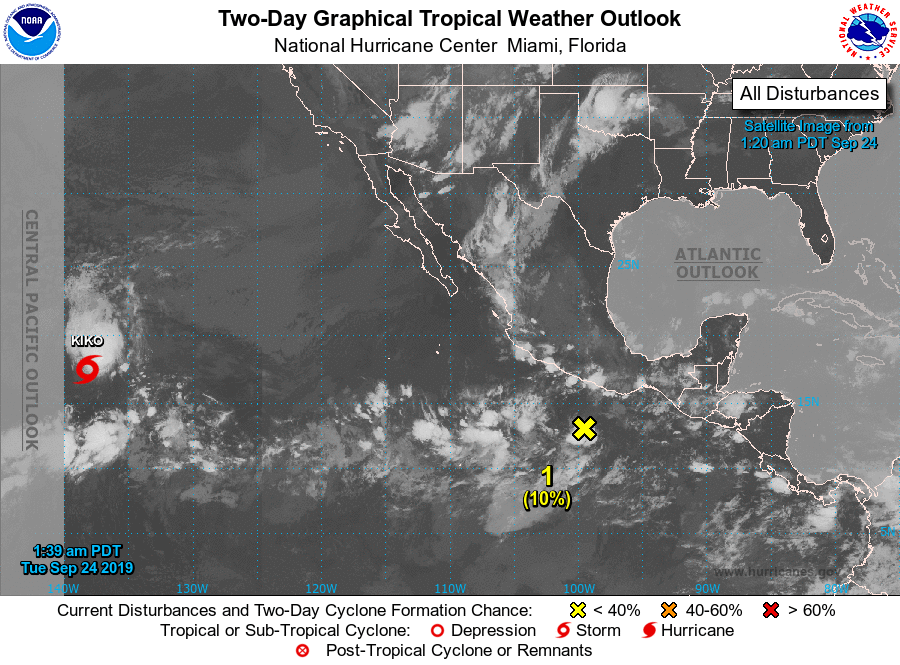
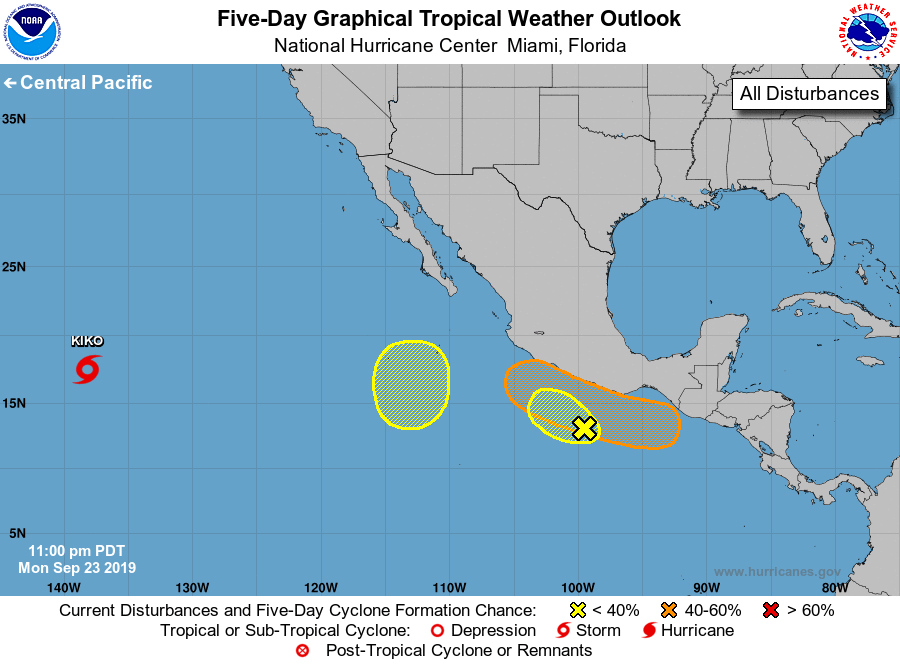
For the eastern North Pacific...east of 140 degrees west longitude:

The National Hurricane Center is issuing advisories on Tropical Storm Kiko, located over the far southwestern part of the basin.

1. A weak area of low pressure located a few hundred miles south of the southwestern coast of Mexico is producing disorganized showers and thunderstorms. Upper-level winds are forecast to be too strong for significant development while it moves little, and this system is expected to merge with a larger system to the east in a few days.
* Formation chance through 48 hours...low...10 percent.
* Formation chance through 5 days...low...10 percent.

2. An area of low pressure is expected to form south of the southern coast of Mexico late this week where environmental conditions appear conducive for subsequent development. A tropical depression could form over the weekend while the system moves near the southern or the southwestern coast of Mexico.
* Formation chance through 48 hours...low...near 0 percent.
* Formation chance through 5 days...medium...50 percent.

3. Another area of low pressure could form several hundred miles south-southwest of southern tip of the Baja California peninusla in a couple of days. Some development is possible later this week while the system moves erratically northward or northeastward, several hundred miles southwest of the southwestern coast of Mexico.
* Formation chance through 48 hours...low...near 0 percent.
* Formation chance through 5 days...low...20 percent.

Forecaster Blake